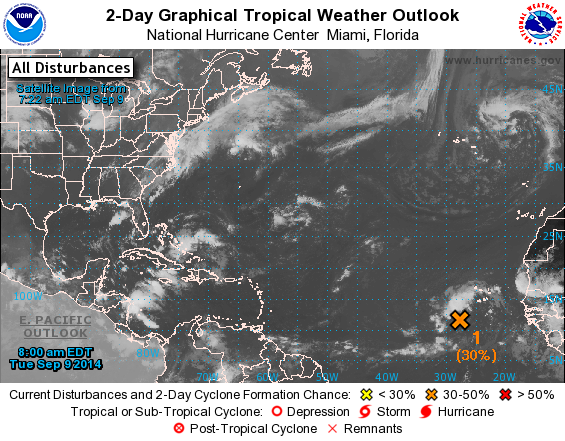
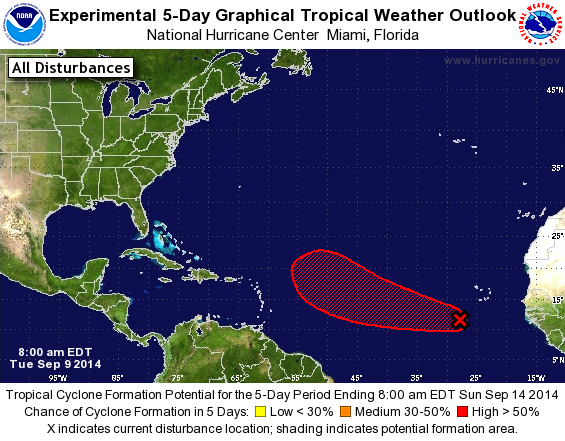
For the North Atlantic...Caribbean Sea and the Gulf of Mexico:

1. A broad area of low pressure located a few hundred miles south of the Cape Verde Islands continues to produce disorganized showers and thunderstorms. Environmental conditions are forecast to be conducive for gradual development of this disturbance during the next several days while it moves west-northwestward at about 15 mph.
* Formation chance through 48 hours...medium...30 percent.
* Formation chance through 5 days...high...70 percent.

Forecaster Beven